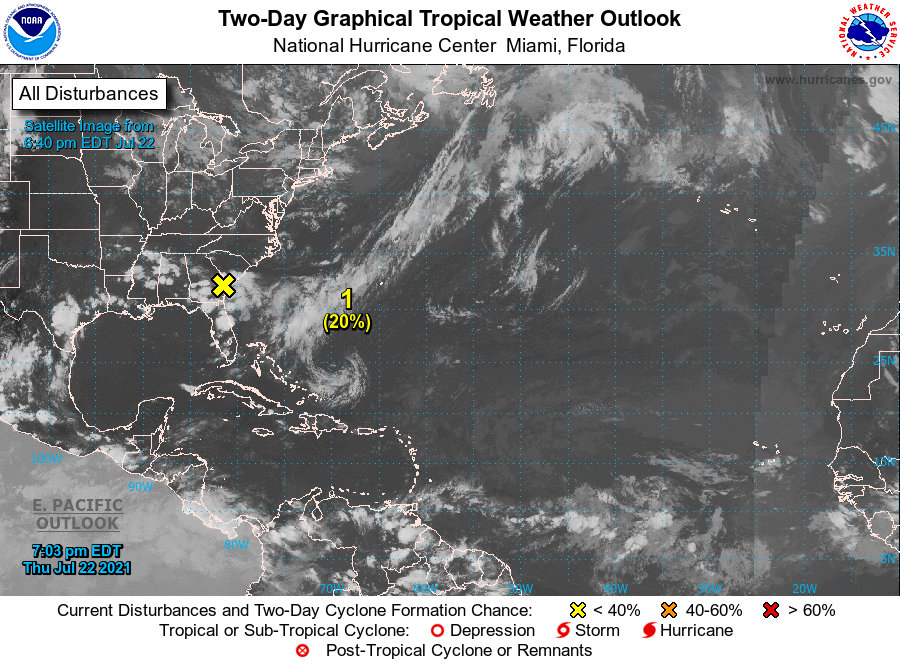
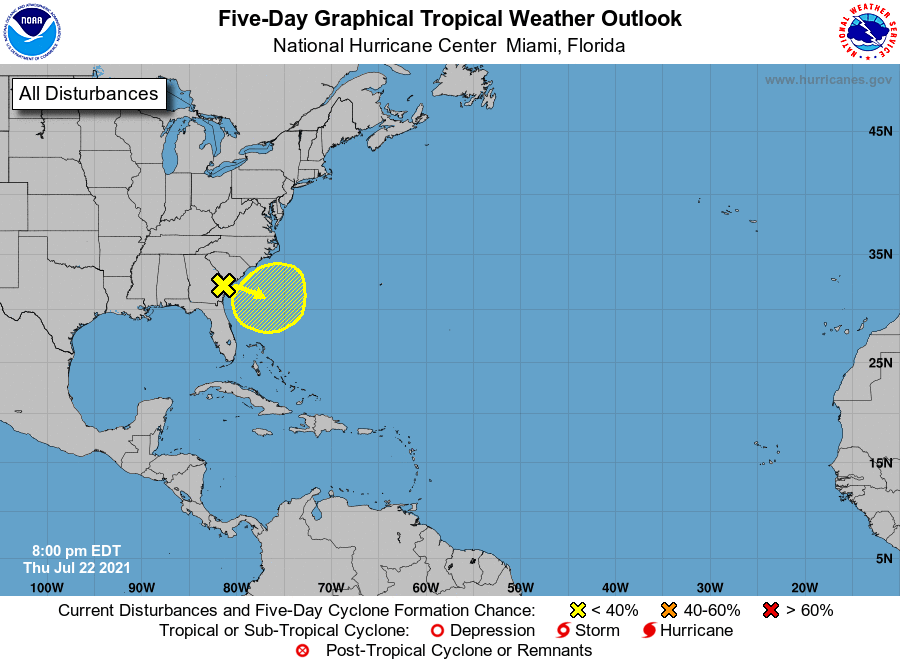
For the North Atlantic...Caribbean Sea and the Gulf of Mexico:

1. A trough of low pressure located near the coasts of southeast Georgia and southern South Carolina is expected to move offshore tonight. Environmental conditions are forecast to be marginally conducive for some gradual development over the weekend and into early next week while the system drifts slowly offshore of the southeastern United States.
* Formation chance through 48 hours...low...20 percent.
* Formation chance through 5 days...low...30 percent.

Forecaster Blake